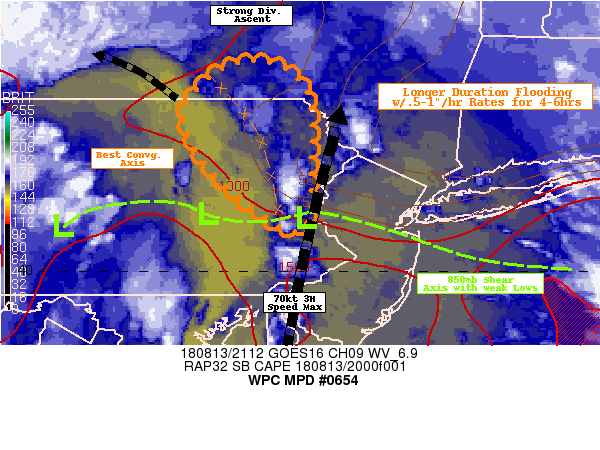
Areas affected...Northeast PA...Ext South Central NY...

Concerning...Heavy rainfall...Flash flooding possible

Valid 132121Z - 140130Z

SUMMARY...Wedge of Training Moderate Rainfall just east of flooded
area may exceed longer term FFG for possible flooding with
isolated flash conditions.

DISCUSSION...GOES-16 WV suite depicts deep low over SW PA with jet
streak 70kt 3H speed max lifting north along the Delaware River,
placing the area of concern in the left exit for broad scale
ascent.  Visible imagery depicts low level shear axis from Centre,
county to Northampton county to NYC.  While clear skies existed
this afternoon from North Central PA (Potter, county) to Bucks
county rebuilding instability with surface temps into the low/mid
70s with saturated profiles to 5H above, leading to SBCAPEs back
to 1000-1500 J/kg.  As such the intersection of the axes is
supporting enhanced convective development in Northampton county.

A wedge of instability is advected aloft to support weak elevated
convection into Lackwanna, PA and northward into Binghampton, NY.
While not very deep, the saturated profiles and warm cloud
processes support .5" further north to near 1" further south. Mean
cell motions support training to the north persistently for the
next 4-6 hours. Locales near Scranton, PA have received 1.5" in
the last 3hrs.   As such,and additional 1.5-3" totals are expected
along this N-S axis over a longer duration.  As such flash
flooding may be possible but longer duration inundation is more
likely, especially given this axis is just east of the worst flash
flooding this morning.